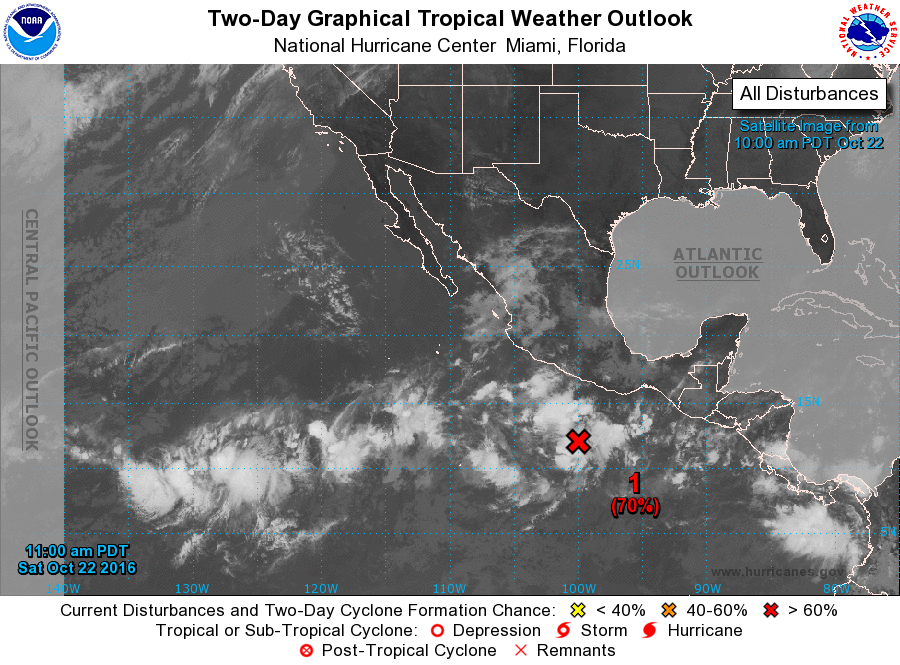
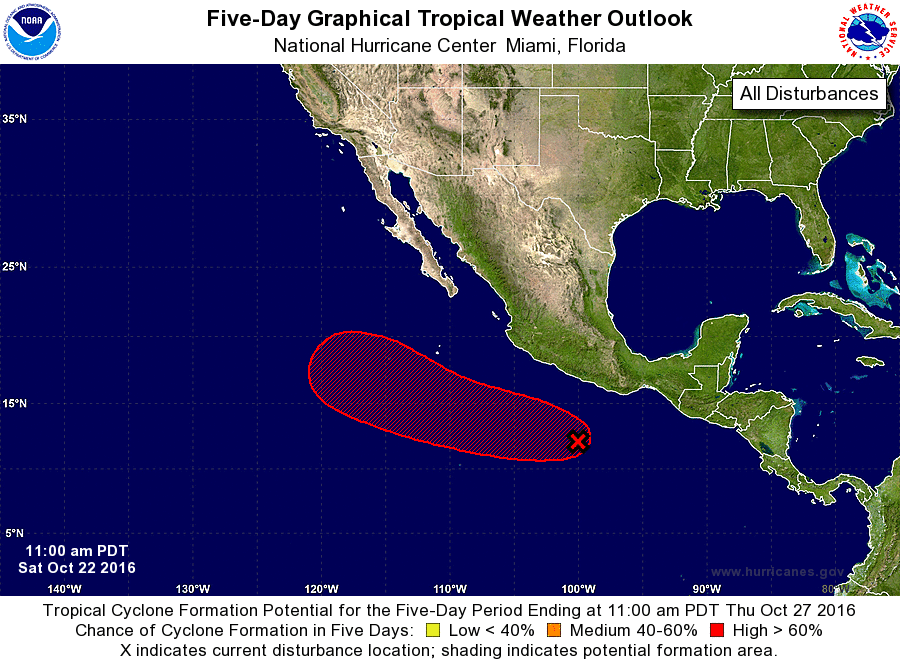
For the eastern North Pacific...east of 140 degrees west longitude:

1. Showers and thunderstorms continue to show signs of organization in association with an area of low pressure located about 350 miles south of Acapulco, Mexico. Environmental conditions are expected to be conducive for development during the next few days, and a tropical depression will likely form by Monday while the system moves west-northwestward at 10 to 15 mph.
* Formation chance through 48 hours...high...70 percent
* Formation chance through 5 days...high...80 percent

Forecaster Blake